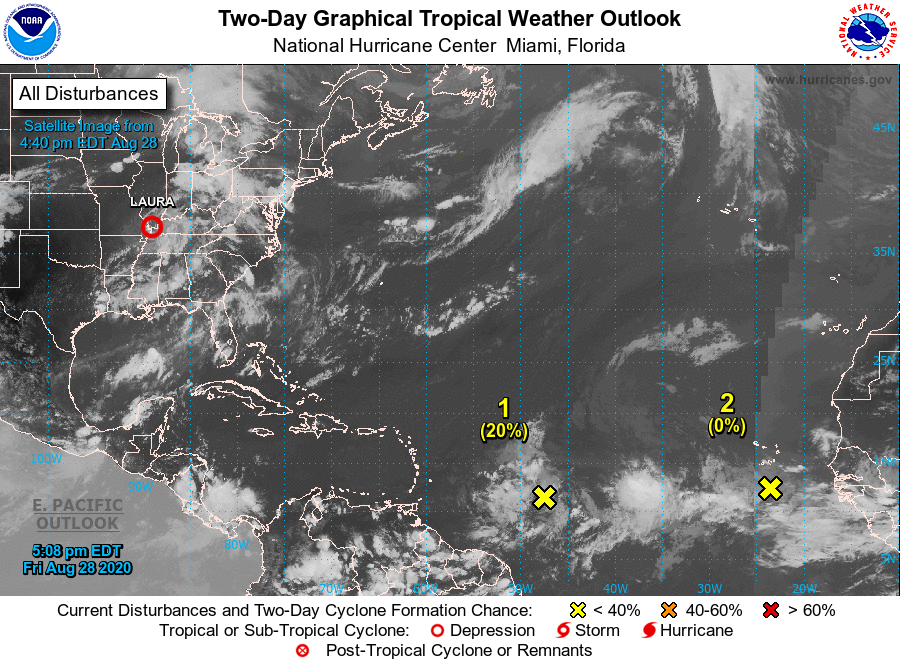
For the North Atlantic...Caribbean Sea and the Gulf of Mexico:

The Weather Prediction Center is issuing advisories on Tropical Depression Laura, located inland over southeastern Missouri.

1. A tropical wave located about 850 miles east of the Windward Islands is producing a disorganized area of showers and thunderstorms. Some gradual development of this system is possible during the next several days while it moves westward at about 15 mph toward the eastern Caribbean islands.
* Formation chance through 48 hours...low...20 percent.
* Formation chance through 5 days...low...30 percent.

2. Another tropical wave is located over the eastern Atlantic Ocean just west of the Cabo Verde Islands. The northern part of this wave, which should move rapidly westward over the central Atlantic during the next few days, is not forecast to develop as it is expected to remain in unfavorable environmental conditions. However, the southern part of the wave is expected to be nearly stationary south of the Cabo Verde Islands for the next several days, and some development of this system is possible early next week when it begins to move slowly westward over the eastern and central tropical Atlantic.
* Formation chance through 48 hours...low...near 0 percent.
* Formation chance through 5 days...medium...40 percent.

Public Advisories issued by the Weather Prediction Center on Tropical Depression Laura can be found under AWIPS header TCPAT3, WMO header WTNT33 KWNH, and on the web at https://www.wpc.ncep.noaa.gov and https://www.hurricanes.gov.

Forecaster Beven